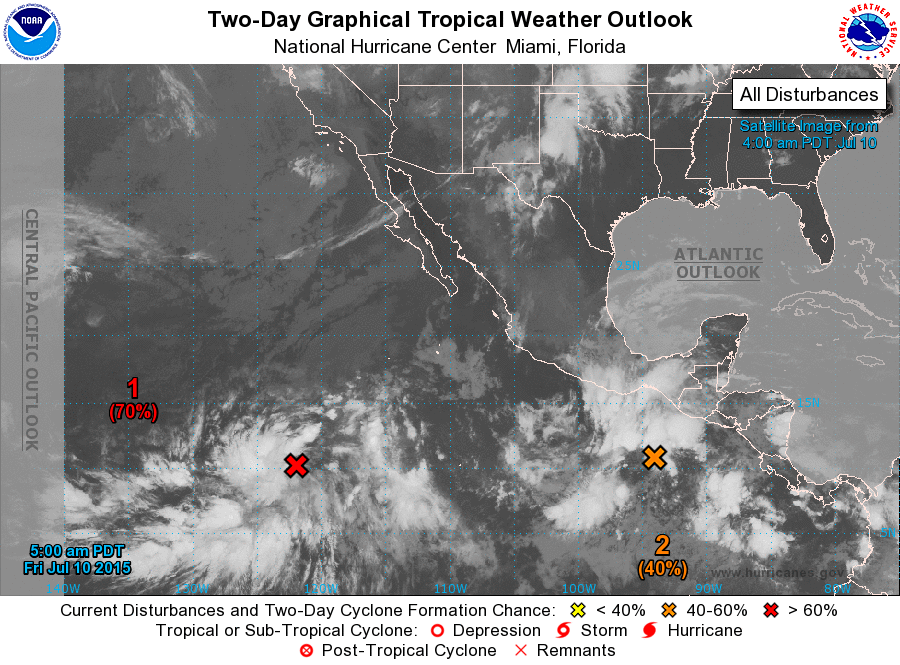
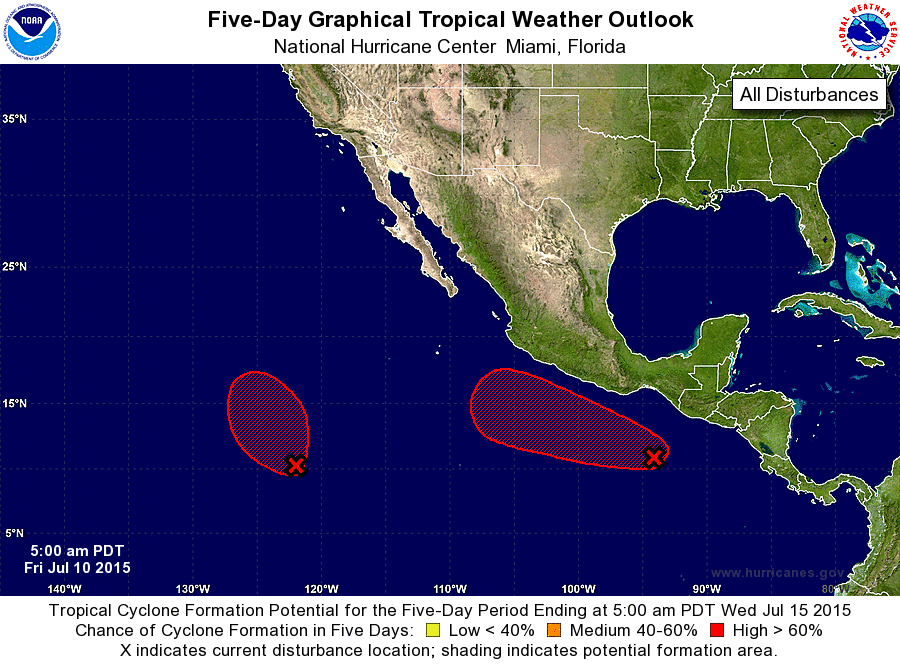
For the eastern North Pacific...east of 140 degrees west longitude:

1. Concentrated showers and thunderstorms associated with a low pressure area centered about 1300 miles southwest of the southern tip of Baja California Sur have become better organized during the last 24 hours. Further development is expected, and a tropical depression will likely form over the weekend while the low moves generally northwestward.
* Formation chance through 48 hours...high...70 percent
* Formation chance through 5 days...high...90 percent

2. Disorganized showers and thunderstorms located south of the Gulf of Tehuantepec are associated with a tropical wave and a weak area of low pressure. Conditions are expected to be conducive for gradual development over the next several days, and this system will likely become a tropical depression later this weekend or early next week while it moves generally west-northwestward.
* Formation chance through 48 hours...medium...40 percent
* Formation chance through 5 days...high...90 percent

Forecaster Kimberlain